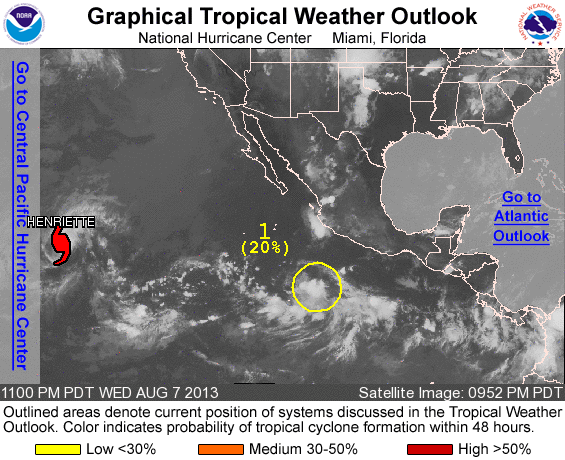
FOR THE EASTERN NORTH PACIFIC...EAST OF 140 DEGREES WEST LONGITUDE..

THE NATIONAL HURRICANE CENTER IS ISSUING ADVISORIES ON HURRICANE HENRIETTE...LOCATED FAR TO THE EAST OF THE HAWAIIAN ISLANDS.

1. A BROAD AREA OF DISTURBED WEATHER IS LOCATED SEVERAL HUNDRED MILES SOUTHWEST OF ACAPULCO MEXICO. ENVIRONMENTAL CONDITIONS ARE CONDUCIVE FOR GRADUAL DEVELOPMENT OF THIS DISTURBANCE OVER THE NEXT FEW DAYS AS IT MOVES WESTWARD AT ABOUT 10 MPH. THIS SYSTEM HAS A LOW CHANCE...20 PERCENT...OF BECOMING A TROPICAL CYCLONE DURING THE NEXT 48 HOURS AND A MEDIUM CHANCE...50 PERCENT...OF BECOMING A TROPICAL CYCLONE DURING THE NEXT 5 DAYS.

FIVE-DAY FORMATION PROBABILITIES ARE EXPERIMENTAL IN 2013. COMMENTS ON THE EXPERIMENTAL FORECASTS CAN BE PROVIDED AT...

HTTP://WWW.NWS.NOAA.GOV/SURVEY/NWS-SURVEY.PHP?CODE=ETWO

FORECASTER BERG